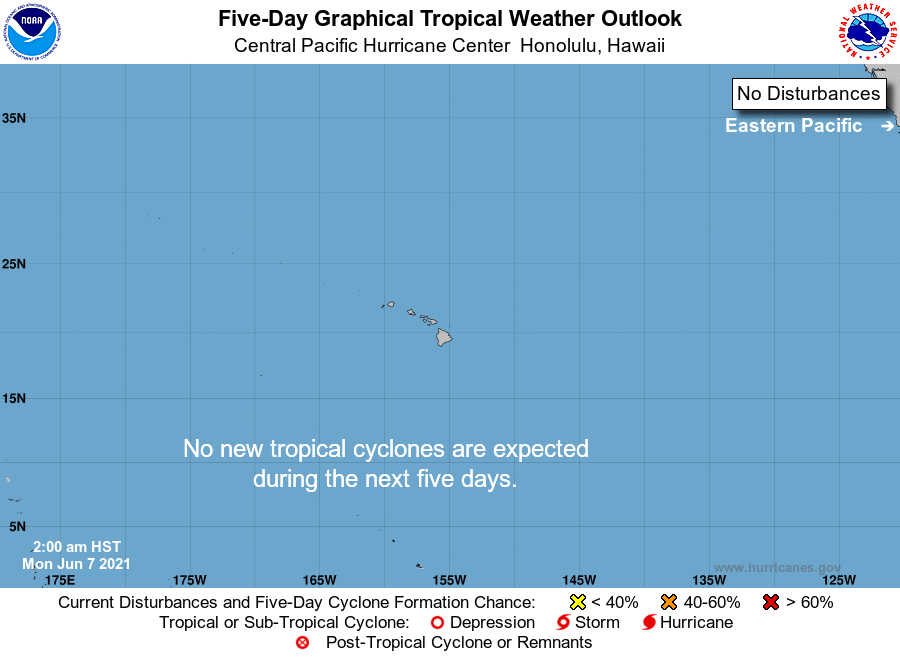
For the central North Pacific...between 140W and 180W:

No tropical cyclones are expected during the next 5 days.

Forecaster Jelsema